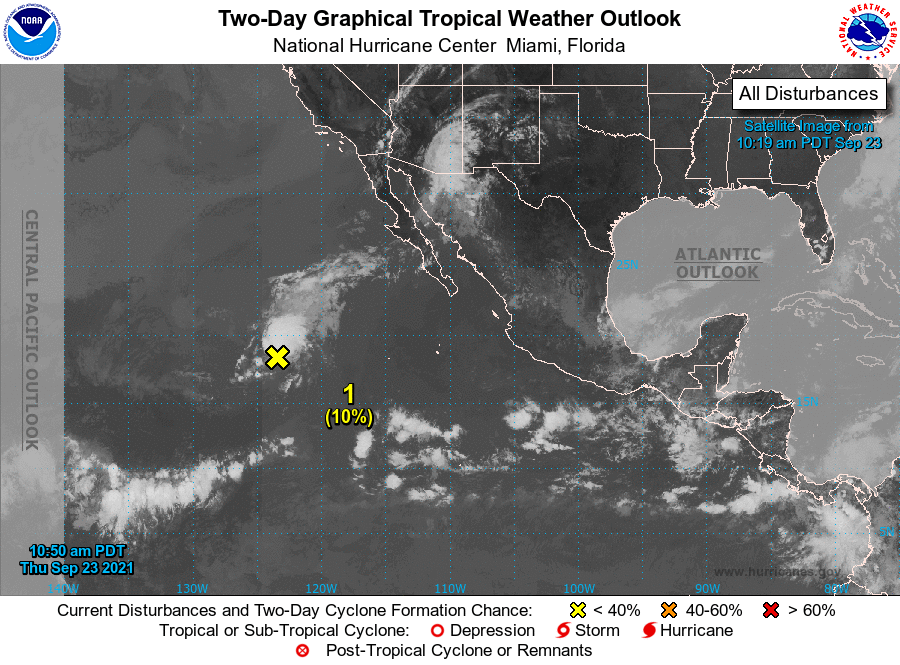
For the eastern North Pacific...east of 140 degrees west longitude:

1. Shower activity associated with an elongated area of low pressure located several hundred miles west-southwest of the southern tip of the Baja California peninsula has increased a little this morning. However, the system is moving over cool waters and into an environment of stable air and strong upper-level winds, and additional development appears unlikely.
* Formation chance through 48 hours...low...10 percent.
* Formation chance through 5 days...low...10 percent.

Forecaster Beven